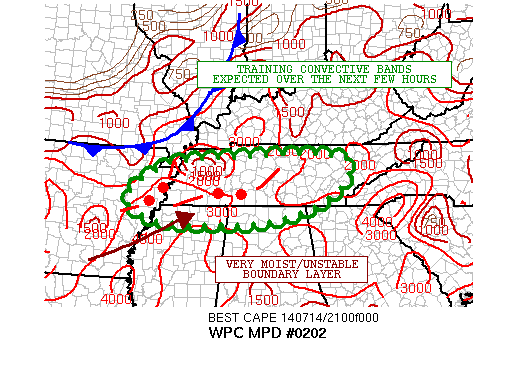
AREAS AFFECTED...NORTHEAST AR...TN...FAR NORTHERN MS...FAR
NORTHERN AL

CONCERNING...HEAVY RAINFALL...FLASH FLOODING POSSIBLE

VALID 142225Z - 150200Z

SUMMARY...SOME TRAINING CONVECTION CAN BE EXPECTED THE NEXT FEW
HOURS WHICH WILL ENHANCE THE POTENTIAL FOR FLASH FLOODING.

DISCUSSION...THE LATEST RADAR IMAGERY SHOWS INTENSE CONVECTION
IMPACTING PORTIONS OF THE CNTRL/WRN TN AND STRETCHING WEST IN A
BROKEN FASHION BACK INTO NERN AR. OVER THE LAST HOUR THE
CONVECTION HAS BEEN ATTAINING MORE OF A LINEAR MODE WITH A W/E
ORIENTATION.

THE LOW LVL THERMODYNAMIC ENVIRONMENT JUST SOUTH OF THE CONVECTION
IS QUITE UNSTABLE WITH SBCAPE VALUES OVER 3000 J/KG AND THIS
ENERGY WILL LIKELY SUSTAIN THE CONVECTIVE THREAT WELL INTO THE
EVENING. ON THE LARGER SCALE...THERE IS ALSO SHORTWAVE ENERGY
DIGGING RATHER SHARPLY SEWD INTO THE MID MS VLY...AND THIS SHOULD
YIELD AN INCREASE IN LARGER SCALE FORCING/ASCENT OVER THE AREA.

GIVEN THE WLY MEAN LYR FLOW OVER THE REGION AND THE W/E
ORIENTATION OF THE ACTIVITY...THERE SHOULD BE AN ELEVATED RISK FOR
TRAINING CONVECTION. THIS COUPLED WITH INTENSE RAINFALL RATES
EXCEEDING 2 INCHES/HR WILL ELEVATE THE RISK FOR FLASH FLOODING
OVER THE NEXT FEW HOURS.